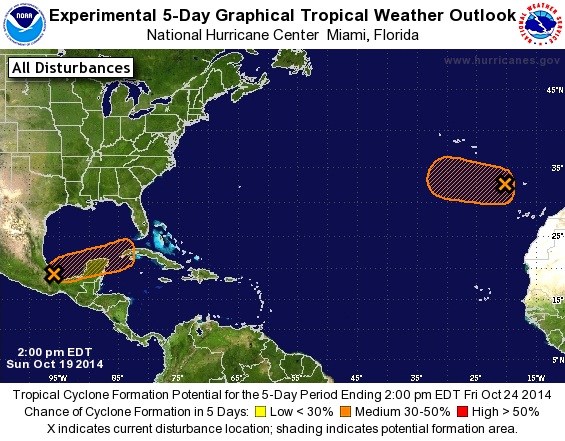
For the North Atlantic...Caribbean Sea and the Gulf of Mexico:

The National Hurricane Center is issuing advisories on Hurricane Gonzalo, located several hundred miles east of Newfoundland.

1. A low pressure system has developed over the extreme southwestern Bay of Campeche just to the southeast of Vera Cruz, Mexico. Some gradual development of this disturbance is possible during the next several days while it moves east-northeastward at 5 to 10 mph.
* Formation chance through 48 hours...low...10 percent.
* Formation chance through 5 days...medium...30 percent.

2. A large non-tropical low is located over the far eastern Atlantic Ocean a couple of hundred miles west of the Canary Islands. This system is producing gale-force winds, and the low could gradually acquire subtropical characteristics during the next several days while it moves slowly westward to west-northwestward over relatively warm waters.
* Formation chance through 48 hours...low...10 percent.
* Formation chance through 5 days...medium...30 percent.

Forecaster Stewart